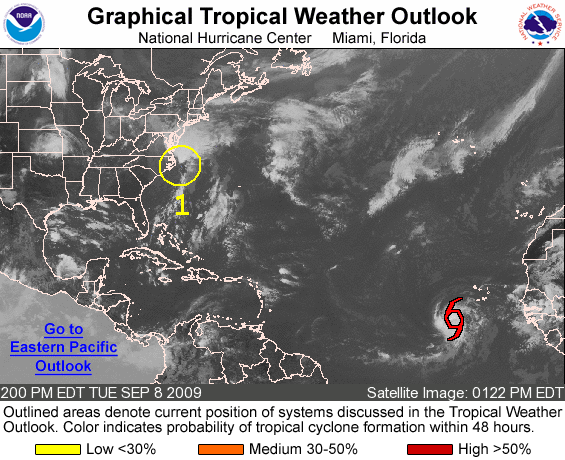
FOR THE NORTH ATLANTIC...CARIBBEAN SEA AND THE GULF OF MEXICO...

THE NATIONAL HURRICANE CENTER IS ISSUING ADVISORIES ON STRENGTHENING TROPICAL STORM FRED...LOCATED ABOUT 345 MILES SOUTHWEST OF THE SOUTHERNMOST CAPE VERDE ISLANDS.

1. A NON-TROPICAL AREA OF LOW PRESSURE ASSOCIATED WITH A MID- TO UPPER-LEVEL TROUGH IS LOCATED JUST EAST OF THE OUTER BANKS OF NORTH CAROLINA. THIS LOW IS PRODUCING SHOWER AND THUNDERSTORM ACTIVITY BUT UPPER-LEVEL WINDS ARE EXPECTED TO REMAIN UNFAVORABLE FOR TROPICAL DEVELOPMENT AS IT MOVES SLOWLY NORTHEASTWARD. THERE IS A LOW CHANCE...LESS THAN 30 PERCENT...OF THIS SYSTEM BECOMING A TROPICAL OR SUBTROPICAL CYCLONE DURING THE NEXT 48 HOURS.

ADDITIONAL INFORMATION ON THIS SYSTEM CAN BE FOUND IN PRODUCTS ISSUED BY LOCAL NATIONAL WEATHER SERVICE FORECAST OFFICES AND IN THE HIGH SEAS FORECAST UNDER AWIPS HEADER NFDHSFAT1 AND WMO HEADER FZNT01 KWBC.

ELSEWHERE...TROPICAL CYCLONE FORMATION IS NOT EXPECTED DURING THE NEXT 48 HOURS.

FORECASTER BLAKE